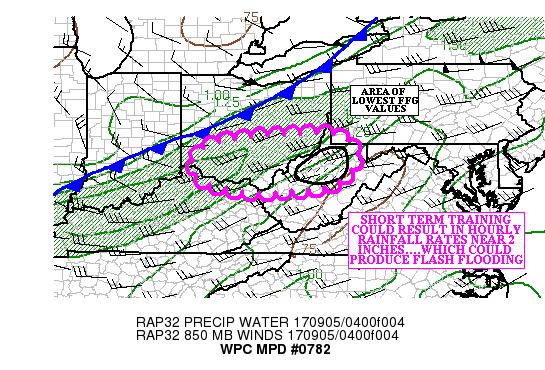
AREAS AFFECTED...SOUTHERN OH...NORTHERN WV

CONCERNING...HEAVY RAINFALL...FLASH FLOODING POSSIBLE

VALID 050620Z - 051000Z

SUMMARY...SHORT TERM TRAINING COULD PRODUCE HOURLY RAINFALL RATES
NEAR 2.00 INCHES... WHICH IN TURN MAY PRODUCE A FLASH FLOOD THREAT
EARLY THIS MORNING.

DISCUSSION...THE GOES-16 CLEAN IR LOOP SHOWED THAT TOPS REMAIN
FAIRLY COLD WITH THE CONVECTION OVER WEST CENTRAL OH EARLY THIS
MORNING. THIS CLUSTER OF STORMS HAS PERSISTED IN AN AXIS OF
1000-1500 J/KG MLCAPE EXTENDING FROM WESTERN PA INTO WESTERN KY.
THE STEADY STATE CONVECTION IS RIDING ALONG A RIBBON OF 1.50/1.75
INCH PRECIPITABLE WATER AIR (PER THE MOST RECENT RAP ANALYSIS...AS
WELL AS THE BLENDED TPW PRODUCT).

THE KILN RADAR SHOWED HOURLY RAINFALL RATES BETWEEN 1.50 AND 2.00
INCHES...AND THIS IS BOLSTERED BY A SPOTTER REPORT OF 1.03 INCHES
OF RAIN IN 28 MINUTES NEAR LEBANON OH. WHILE THE CONVECTION
CONTINUES TO MOVE SLOWLY SOUTHEAST AHEAD OF THE COLD FRONT...
CELLS WITHIN THE CLUSTER ARE MOVING EAST... INCREASING THE
POTENTIAL FOR SHORT TERM TRAINING.

THE MOST RECENT HRRR SHOWED LOCAL 2.00/2.50 INCH RAINFALL AMOUNTS
WITH THE CONVECTION AS IT CROSSES SOUTHERN OH AND ENTERS NORTHERN
WV AFTER 0730Z. BASED ON WHAT HAS OCCURRED IN THIS AIRMASS THUS
FAR...THOSE AMOUNTS SEEM PLAUSIBLE...ESPECIALLY WHERE SHORT TERM
TRAINING OCCURS. IT SHOULD BE NOTED THAT THE MOST RECENT HRRR (AS
WELL AS MUCH OF THE AVAILABLE HIGH RESOLUTION GUIDANCE) IS AN HOUR
OR TWO SLOWER THAN REALITY.

ONE HOUR FLASH FLOOD GUIDANCE VALUES ACROSS PORTIONS OF SOUTHEAST
OH AND NORTHERN WV DROP AS LOW AS AN INCH (WITH THE LOWEST VALUES
OVER NORTHERN WV). AS THE CONVECTION ENTERS THE AREAS OF LOWER
FLASH FLOOD GUIDANCE...THE FLASH FLOOD THREAT INCREASES.